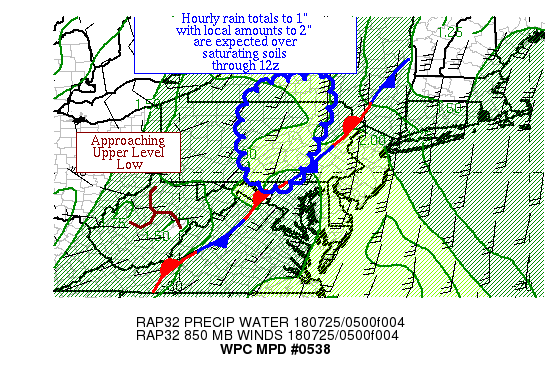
Areas affected...East-Central PA

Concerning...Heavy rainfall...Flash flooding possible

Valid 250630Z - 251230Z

Summary...Heavy rainfall should slowly decline in intensity over
the next several hours across central PA.  Hourly rain totals to
1" initially, with local amounts to 2" are expected through 12z.

Discussion...Showers and thunderstorms with heavy rain have formed
a band across east-central PA into the Southern Tier of NY over an
area of saturating soils.  Precipitable water values of 2-2.25"
lie in the area per GPS values at the periphery of the region.
Inflow at 850 hPa is convergent out of the south to
south-southwest at 20-40 kts per VAD wind profiles, which is
importing ML CAPE values of 500+ J/kg into the region.  CIN
remains minimal.  Effective bulk shear values of ~30 kts combined
with nearly unidirectional flow out of the south have helped
organize the band.

Initially, hourly rain totals near or above 1" are expected.  With
instability slowly eroding, believe hourly rain totals will begin
to come downward with time, transitioning this into more of a
longer duration rain event.  The 00z HREF probabilities of 0.5"+
an hour slowly fade with time across the area for this reason. Of
some concern is a broken band of showers and thunderstorms within
an area of greater instability across western PA which may move
into the region from the west and reinforce -- or take the place
of -- the band later this morning as the winds at 850 hPa veer
more southwesterly.  The mesoscale guidance agrees on local
amounts to ~2" through 12z which appears reasonable.